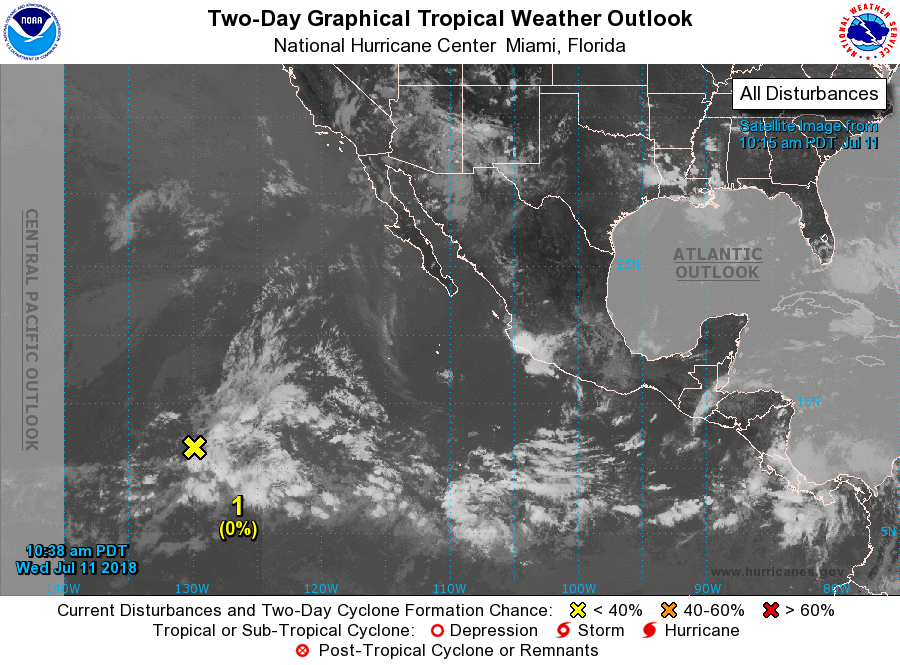
For the eastern North Pacific...east of 140 degrees west longitude:

1. A broad trough of low pressure located about 1500 miles southwest of the southern tip of the Baja California peninsula is producing disorganized showers and thunderstorms. Development, if any, is likely to be slow to occur as the disturbance moves westward over the next several days due to marginal environmental conditions and the broad nature of the disturbance.
* Formation chance through 48 hours...low...near 0 percent
* Formation chance through 5 days...low...10 percent

Forecaster Zelinsky